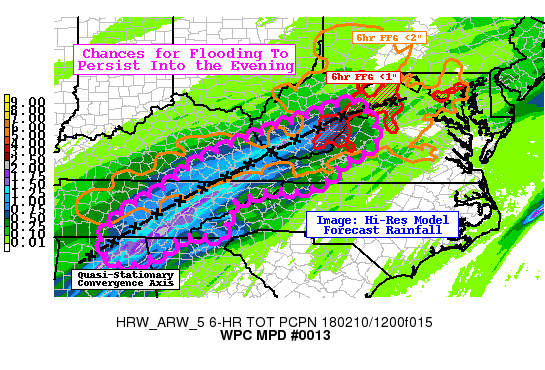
AREAS AFFECTED...CTRL AND SRN APPALACHIAN REGION

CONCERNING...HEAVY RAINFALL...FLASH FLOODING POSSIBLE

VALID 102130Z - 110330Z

SUMMARY...PERSISTENCE OF RAIN OVER THE CENTRAL AND SOUTHERN
APPALACHIAN REGION SHOULD CONTRIBUTE TO A RISK OF FLOODING INTO
THE EVENING HOURS. 6-HOUR RAINFALL TOTALS ON THE ORDER OF 1-2
INCHES MAY PRODUCE LOCALIZED AREAS OF FLASH FLOODING.

DISCUSSION...MODEL FORECASTS PROJECT A RELATIVELY STEADY-STATE
MESOSCALE ENVIRONMENT ACROSS THE APPALACHIAN REGION INTO THE
EVENING HOURS. THE 19Z RAP SHOWS A PROMINENT AXIS OF BOUNDARY
LAYER CONVERGENCE STRETCHING FROM ROUGHLY HSV... TO CSV... TO
LNP... TO CHO... AND HAS THAT FEATURE PERSISTING IN APPROXIMATELY
THE SAME LOCATION THROUGH 03Z. IT IS THEREFORE UNSURPRISING THAT
THE BEST MODEL QPF SIGNAL IN THAT TIME FRAME STRETCHES FROM NRN
ALABAMA NORTHEASTWARD INTO THE CUMBERLAND MOUNTAINS REGION OF FAR
ERN KY... FAR WRN VA...AND SERN WEST VIRGINIA. AND REGIONAL RADARS
CONTINUE TO SHOW A LARGE RIBBON OF MODERATE TO OCCASIONALLY HEAVY
RAIN PUSHING INTO THE SAME AREAS. A LACK OF INSTABILITY WAS
KEEPING THE RAIN LARGELY NON-CONVECTIVE...BUT SMALL BANDS HAVE
OCCASIONALLY PRODUCED RAINFALL RATES UP TO 0.5 IN/HR.

DESPITE LOWER HOURLY RAIN RATES...THE CHANCES OF FLOODING
DEVELOPING ON 3 TO 6 HOUR TIME SCALES ARE CONSIDERABLY HIGHER.
6-HOUR FLASH FLOOD GUIDANCE IS QUITE LOW FROM MIDDLE TENNESSEE AND
SRN/ERN KENTUCKY INTO MUCH OF WEST VIRGINIA AND VIRGINIA. IN
FACT...THE 6HR FFG IS AROUND OR LESS THAN AN INCH ALONG MUCH OF
THE WV-VA BORDER REGION FROM BECKLEY WV NORTHEAST TO NEAR FRONT
ROYAL VA. THE NATIONAL WATER MODEL INITIALIZATION AT 20Z ALSO
SHOWS STREAMFLOW ABOVE NORMAL TO MUCH ABOVE NORMAL IN THE SAME
AREA.

GIVEN THE LOW FFG VALUES...THE 1-2 INCHES OF RAINFALL FROM 21-03Z
ON THE LATEST HREF BLENDED MEAN WOULD SUPPORT THE RISK OF FLASH
FLOODING ACROSS PORTIONS OF THE APPALACHIAN REGION. THE MOST
FAVORABLE OVERLAP OF HEAVIER QPF ON THE HREF...AND THE LOWER FFG
VALUES...APPEARS TO BE FROM THE KY-VA BORDER NORTHEAST INTO SRN
WV. THE HREF PROBABILITY OF EXCEEDING 1 INCH IN 6 HOURS IN THE
SAME AREA IS IN EXCESS OF 70 PERCENT. IN THESE MOUNTAINOUS
AREAS...SATURATED SOILS AND AT LEAST SEVERAL MORE HOURS OF STEADY
MODERATE TO OCCASIONALLY HEAVY RAIN MAY PRODUCE SOME MUD OR ROCK
SLIDES AS WELL...AND A MUDSLIDE HAS ALREADY BEEN REPORTED IN
BUCHANAN COUNTY VA. ALTHOUGH THE HREF DOES DEPICT SOME HIGHER
TOTALS OVER NRN AL AND SERN TN...FFG IN THOSE AREAS IS HIGHER AND
MAY LIMIT THE EXTENT OF ANY FLOODING THAT FAR SOUTH.